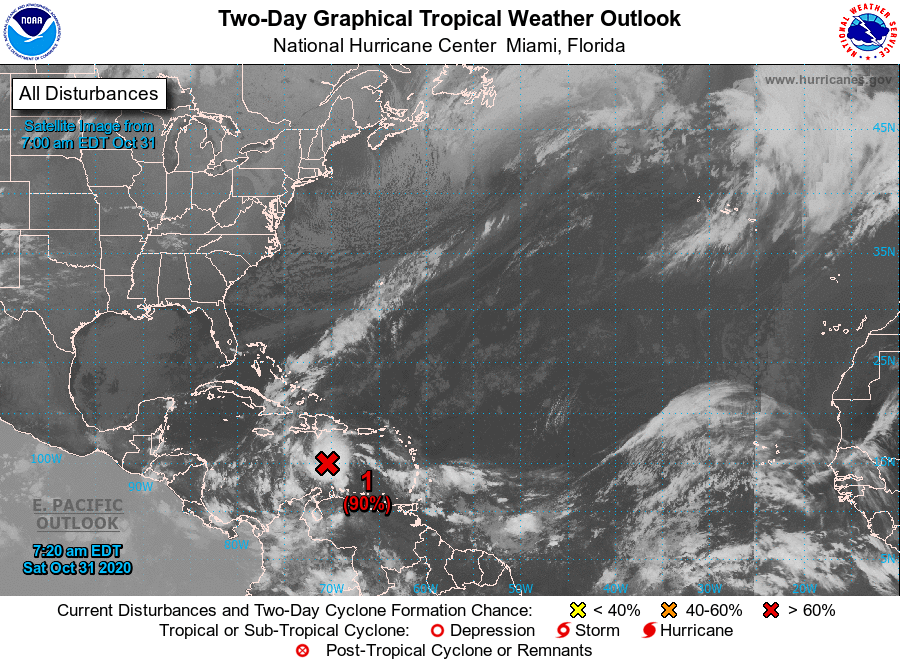
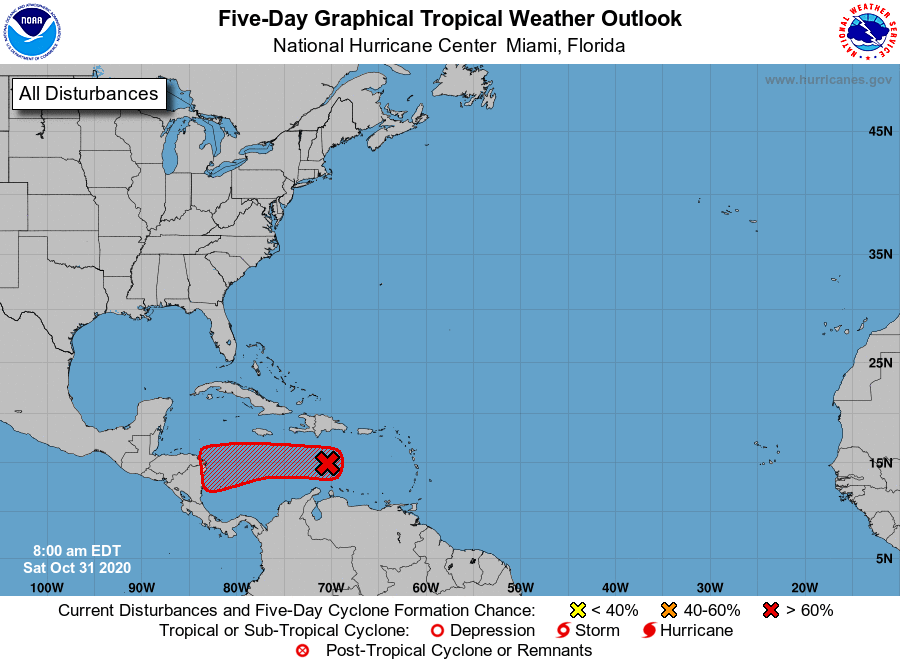
For the North Atlantic...Caribbean Sea and the Gulf of Mexico:

1. A vigorous tropical wave located over the central Caribbean Sea continues to produce a concentrated area of thunderstorms. This system is gradually becoming better organized, and conditions are conducive for further development. A tropical depression is expected to form during the next day or so while the disturbance moves generally westward into the western Caribbean Sea. Interests in Honduras and Nicaragua should monitor the progress of this system. Regardless of development, this disturbance is expected to produce heavy rainfall across portions of the ABC Islands and Jamaica through the weekend.
* Formation chance through 48 hours...high...90 percent.
* Formation chance through 5 days...high...90 percent.

Forecaster Stewart/Berg